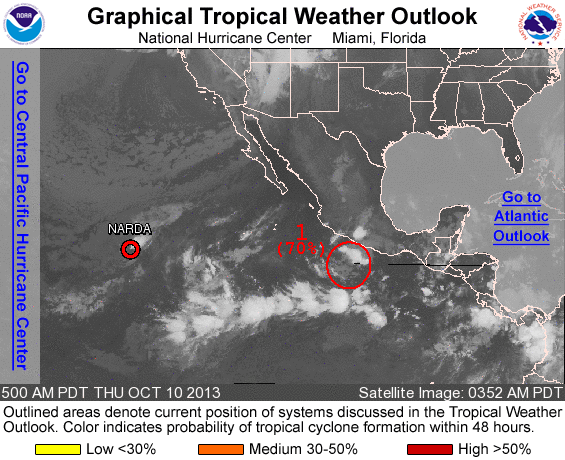
FOR THE EASTERN NORTH PACIFIC...EAST OF 140 DEGREES WEST LONGITUDE..

THE NATIONAL HURRICANE CENTER IS ISSUING ADVISORIES ON TROPICAL DEPRESSION NARDA...LOCATED WELL TO THE WEST-SOUTHWEST OF THE SOUTHERN TIP OF THE BAJA CALIFORNIA PENINSULA.

1. SHOWERS AND THUNDERSTORMS ASSOCIATED WITH A BROAD AREA OF LOW PRESSURE LOCATED A COUPLE OF HUNDRED MILES SOUTH-SOUTHEAST OF MANZANILLO MEXICO HAVE NOT BECOME ANY BETTER ORGANIZED SINCE YESTERDAY. HOWEVER...ENVIRONMENTAL CONDITIONS REMAIN CONDUCIVE FOR THE FORMATION OF A TROPICAL DEPRESSION DURING THE NEXT DAY OR TWO. THIS SYSTEM HAS A HIGH CHANCE...70 PERCENT...OF BECOMING A TROPICAL CYCLONE DURING THE NEXT 48 HOURS...AND A HIGH CHANCE...80 PERCENT...OF BECOMING A TROPICAL CYCLONE DURING THE NEXT 5 DAYS WHILE IT MOVES WEST-NORTHWESTWARD OR NORTHWESTWARD AT ABOUT 10 MPH.

FIVE-DAY FORMATION PROBABILITIES ARE EXPERIMENTAL IN 2013. COMMENTS ON THE EXPERIMENTAL FORECASTS CAN BE PROVIDED AT...

HTTP://WWW.NWS.NOAA.GOV/SURVEY/NWS-SURVEY.PHP?CODE=ETWO

FORECASTER PASCH